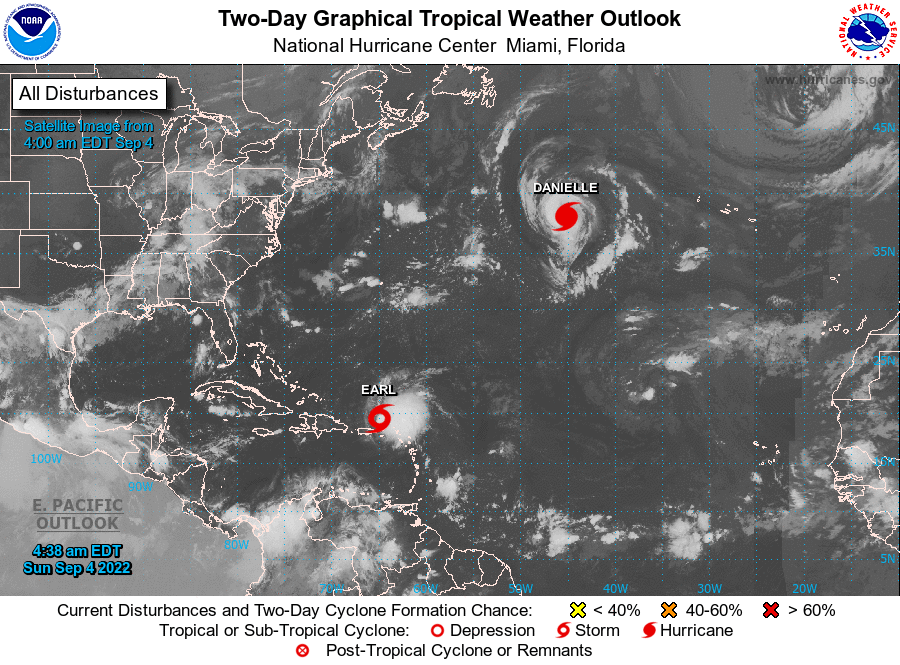
For the North Atlantic...Caribbean Sea and the Gulf of Mexico:

Active Systems: The National Hurricane Center is issuing advisories on Tropical Storm Danielle, located almost 1000 miles west of the Azores, and on Tropical Storm Earl, located about 90 miles northeast of the Virgin Islands.

1. A tropical wave is expected to emerge from the coast of Africa later day. A low pressure area could form in association with this system early in the week, and subsequent gradual development is possible thereafter.
* Formation chance through 48 hours...low...near 0 percent.
* Formation chance through 5 days...low...20 percent.

Forecaster Beven